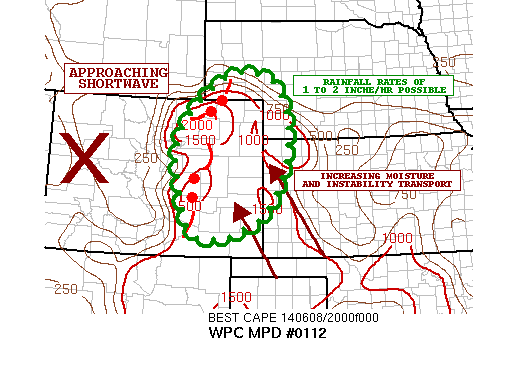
AREAS AFFECTED...EASTERN CO...SOUTHWEST NE...NORTHWEST KS

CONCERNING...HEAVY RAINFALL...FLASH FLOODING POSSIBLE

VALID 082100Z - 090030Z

SUMMARY...DEVELOPING AND ORGANIZING CLUSTERS OF CONVECTION WITH
INTENSE RAINFALL RATES WILL INCREASE THE THREAT FOR FLASH FLOODING
OVER THE NEXT FEW HOURS.

DISCUSSION...THE LATEST WV IMAGERY SHOWS A RATHER STRONG SHORTWAVE
TROUGH MOVING INTO WRN CO ATTM..AND OVER THE NEXT FEW HOURS...THIS
ENERGY IS EXPECTED TO EJECT OUT INTO THE CNTRL HIGH PLAINS WHERE
IT WILL BE INTERACTING WITH AN INCREASINGLY FAVORABLE
THERMODYNAMIC ENVIRONMENT FOR STRONG AND ORGANIZED CONVECTION.
ALREADY THE LATEST IR SAT IMAGERY SHOWS EXPANDING COLD CONVECTIVE
TOPS...INCLUDING A FEW OVERSHOOTING TOPS OVER ERN CO AND PORTIONS
OF SWRN NEB WITH THE APPROACH OF THE UPSTREAM HEIGHT FALLS/ENERGY.

OVER THE NEXT FEW HOURS...EXPECTED SEVERAL LINEAR CLUSTERS OF
STRONG CONVECTION TO DEVELOP AND MERGE WHILE GRADUALLY ADVANCING
EAST THROUGH ERN CO/SWRN NEB AND EVENTUALLY INTO WRN KS.
CONVECTION SHOULD INTENSIFY AND ORGANIZE FURTHER AS DIURNAL
HEATING CONTINUES AND LOW LVL SELY MOISTURE TRANSPORT INCREASES UP
THROUGH THE WRN HIGH PLAINS.

FFG VALUES ARE LOCALLY RATHER LOW DUE TO RECENT HVY RAINS...AND
WITH RAINFALL RATES OF 1 TO 2 INCHES/HR EXPECTED AND THE POTENTIAL
FOR CELL-MERGERS...FLASH FLOODING WILL BE POSSIBLE.